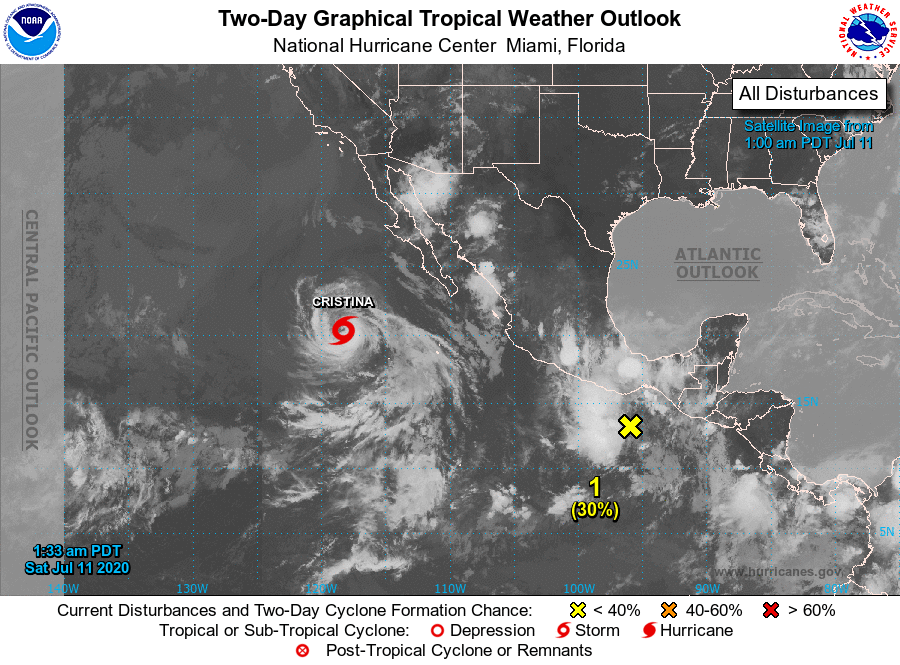
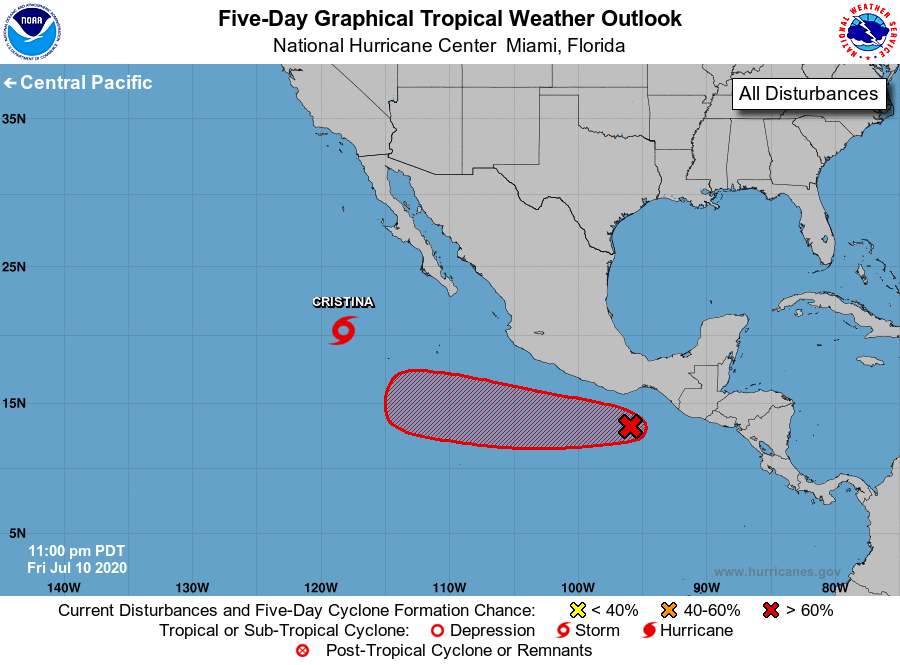
For the eastern North Pacific...east of 140 degrees west longitude:

The National Hurricane Center is issuing advisories on Tropical Storm Cristina, located several hundred miles west-southwest of the southern tip of the Baja California peninsula.

1. A tropical wave located near the Gulf of Tehuantepec is producing a large area of disorganized showers and thunderstorms. Environmental conditions are expected to be generally favorable for the development of a tropical depression in a few days while the system moves quickly westward well south of the coast of Mexico.
* Formation chance through 48 hours...low...30 percent.
* Formation chance through 5 days...high...70 percent.

Forecaster Cangialosi